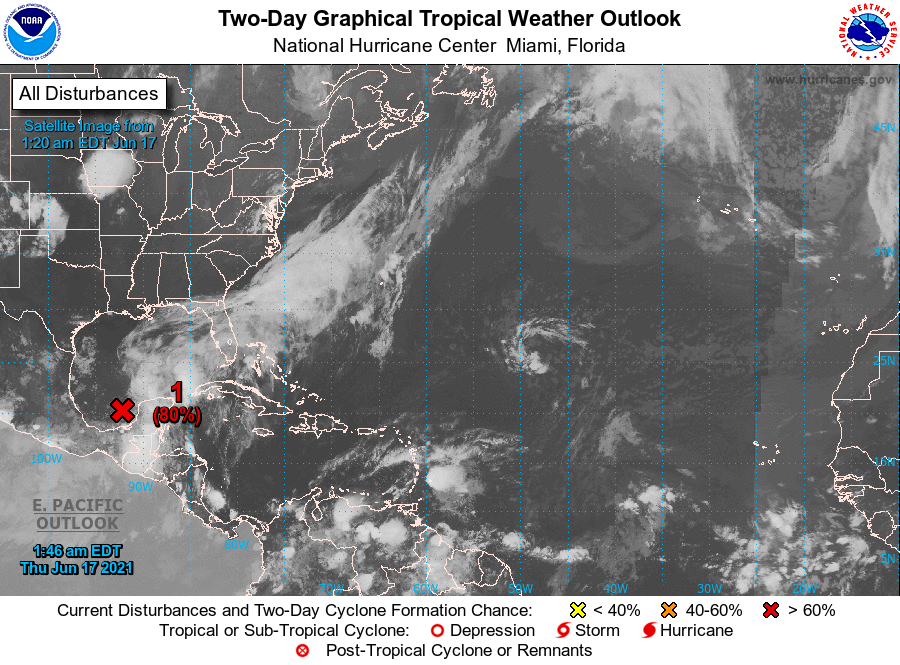
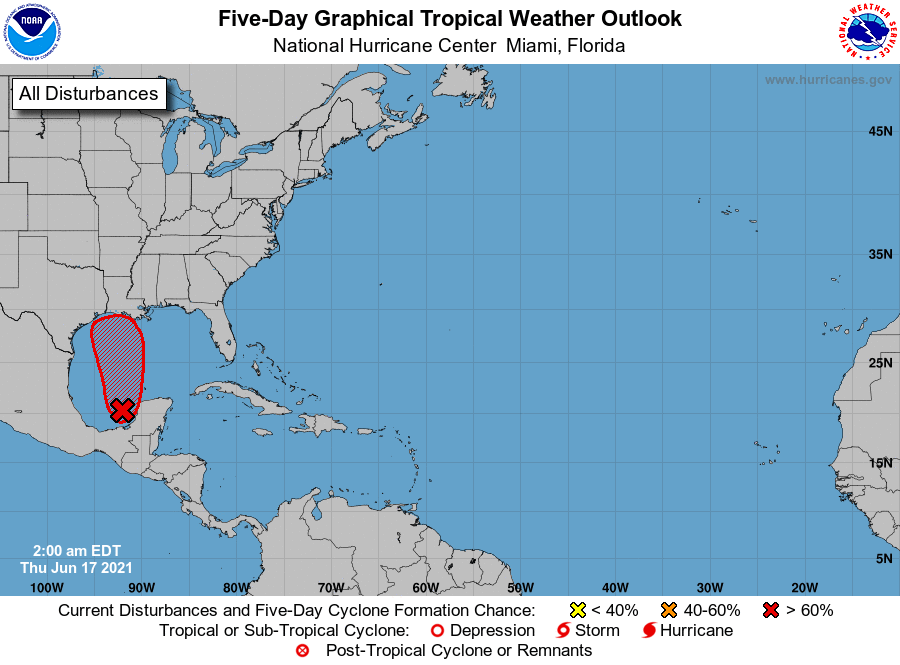
For the North Atlantic...Caribbean Sea and the Gulf of Mexico:

1. A broad low pressure area located over the eastern portion of the Bay of Campeche is producing widespread cloudiness and disorganized showers and a few thunderstorms. This system will move little today, and little if any development is expected during that time due to interaction with land and unfavorable upper-level winds. However, the low should begin to move northward by this afternoon, and a tropical or subtropical depression is likely to form by late tonight or on Friday when the low moves across the western Gulf of Mexico. An Air Force Reserve Unit reconnaissance aircraft is scheduled to investigate the disturbance this afternoon, if necessary. Regardless of development, heavy rainfall will continue over portions of Central America and southern Mexico during the next few days. Heavy rains should also begin to affect portions of the northern Gulf Coast on Friday. Please consult products from your local meteorological service for more information.
* Formation chance through 48 hours...high...80 percent.
* Formation chance through 5 days...high...90 percent.

Forecaster Stewart